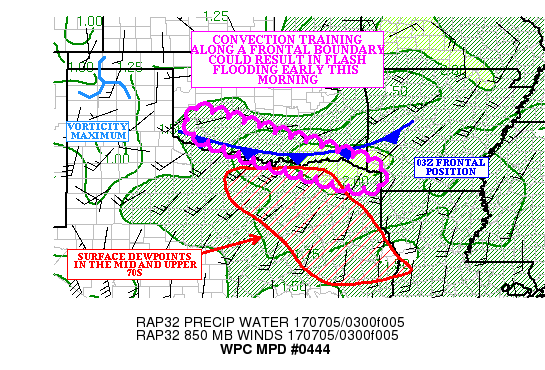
AREAS AFFECTED...THE RED RIVER VALLEY OF TX/OK INTO FAR SOUTHWEST
AR

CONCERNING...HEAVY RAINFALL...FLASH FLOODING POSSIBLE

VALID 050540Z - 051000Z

SUMMARY...CONVECTION FORMING AHEAD OF A FRONTAL BOUNDARY IS
EXPECTED TO TRAIN ACROSS THE RED RIVER VALLEY OF TX/OK...
RESULTING IN A FLASH FLOOD THREAT EARLY THIS MORNING.

DISCUSSION...REGIONAL RADARS SHOWED A SLOWLY EXPANDING LINE OF
CONVECTION STRETCHING FROM NORTH OF KTLS TO SOUTH OF KMLC IN OK.
THE CONVECTION IS FORMING IN AN AXIS OF 500-1000 J/KG OF MUCAPE
AHEAD OF THE FRONT. THE RED RIVER VALLEY LIES ON THE WESTERN EDGE
OF A PRECIPITABLE WATER AXIS...WITH VALUES BEAR 1.90 INCHES OVER
FAR SOUTHEAST OK  AND FAR SOUTHWEST AR.

THE LOW LEVEL CONVERGENT FLOW ALONG THE LOW LEVEL BOUNDARY IS
EXPECTED TO HELP FOCUS THE CONVECTION INTO A FAIRLY NARROW BAND.
LIFT AHEAD OF A VORTICITY MAXIMUM MOVING EAST FROM THE NORTHERN TX
PANHANDLE SHOULD PROVIDE SUFFICIENT LIFT TO SUPPORT EXPANDING
CONVECTION ALONG THE LINE...AND RAP SOUNDINGS ALONG THE RED RIVER
SHOWED MUCAPE VALUES INCREASING TO BETWEEN 1000-1500 J/KG BETWEEN
06Z AND 10Z.

THERE IS A STRONG HIGH RESOLUTION MODEL GUIDANCE SIGNAL FOR 3.00
TO 5.00 INCHES OF RAINFALL CENTERED OVER SOUTHEAST OK AND FAR
NORTHEAST TX...MAINLY BETWEEN 08Z AND 10Z. THESE AMOUNTS ARE
SUPPORTED BY THE MOST RECENT RUNS OF THE HRRR...AS WELL AS THE 00Z
WRF-ARW. ONE AND THREE HOUR FLASH FLOOD GUIDANCE VALUES HERE HAVE
RECOVERED TO NEAR 1.50 INCHES AFTER THE HEAVY RAINFALL ABOUT 48
HOURS AGO.

HOWEVER...THE MOST RECENT HRRR SOIL MOISTURE PRODUCT INDICATES
THAT SOILS ACROSS PORTIONS OF SOUTHEAST OK AND NEARBY SOUTHWEST AR
MAY BE CLOSE TO SATURATION... AND THE ABOVEMENTIONED RAINFALL
AMOUNTS COULD TRIGGER FLASH FLOODING.

RAP PROPAGATION VECTORS SUGGEST A SLOW SOUTHWARD MOVEMENT AFTER
THE CONVECTION DEVELOPS...AND THERE IS SOME SUGGESTION THAT THE
CONVECTION AFTER 12Z.